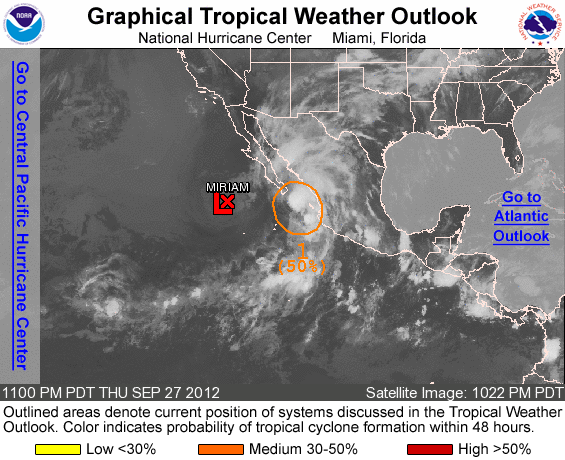
FOR THE EASTERN NORTH PACIFIC...EAST OF 140 DEGREES WEST LONGITUDE..

THE NATIONAL HURRICANE CENTER HAS ISSUED THE LAST ADVISORY ON POST-TROPICAL CYCLONE MIRIAM...LOCATED ABOUT 440 MILES WEST OF THE SOUTHERN TIP OF BAJA CALIFORNIA.

1. AN AREA OF LOW PRESSURE CENTERED ABOUT 125 MILES SOUTHEAST OF THE SOUTHERN TIP OF BAJA CALIFORNIA IS PRODUCING A LARGE AREA OF SHOWERS AND THUNDERSTORMS WITHIN A FEW HUNDRED MILES OF THE COAST OF WESTERN MEXICO. ALTHOUGH THE LOW IS EXPECTED TO MOVE INLAND LATE FRIDAY...A TROPICAL CYCLONE COULD STILL FORM BEFORE THAT TIME. THIS SYSTEM HAS A MEDIUM CHANCE...50 PERCENT...OF BECOMING A TROPICAL CYCLONE DURING THE NEXT 48 HOURS AS IT MOVES NORTHWARD AT ABOUT 15 MPH. LOCALLY HEAVY RAINS AND GUSTY WINDS ARE POSSIBLE ALONG PORTIONS OF THE WEST COAST OF MEXICO AND THE SOUTHERN BAJA PENINSULA DURING THE NEXT COUPLE OF DAYS.

ELSEWHERE...TROPICAL CYCLONE FORMATION IS NOT EXPECTED DURING THE NEXT 48 HOURS.

&&
FOR ADDITIONAL INFORMATION ON THE REMNANTS OF MIRIAM...PLEASE SEE HIGH SEAS FORECASTS ISSUED BY THE NATIONAL WEATHER SERVICE...UNDER AWIPS HEADER NFDHSFEPI AND WMO HEADER FZPN01 KWBC

FORECASTER BLAKE